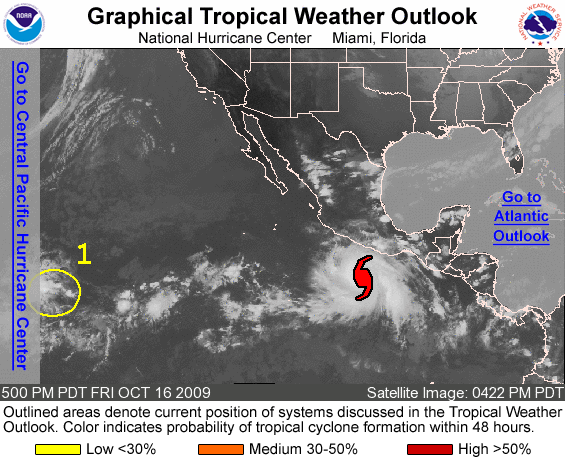
FOR THE EASTERN NORTH PACIFIC...EAST OF 140 DEGREES WEST LONGITUDE..

THE NATIONAL HURRICANE CENTER IS ISSUING ADVISORIES ON HURRICANE RICK...LOCATED ABOUT 270 MILES SOUTH OF ACAPULCO MEXICO.

1. SHOWERS AND THUNDERSTORMS ASSOCIATED WITH A BROAD AREA OF LOW PRESSURE CENTERED ABOUT 1225 MILES EAST-SOUTHEAST OF THE HAWAIIAN ISLANDS REMAIN POORLY-ORGANIZED. SOME SLOW DEVELOPMENT OF THIS SYSTEM IS POSSIBLE OVER THE NEXT COUPLE OF DAYS AS IT MOVES WESTWARD AT ABOUT 15 MPH. THERE IS A LOW CHANCE...LESS THAN 30 PERCENT...OF THIS SYSTEM BECOMING A TROPICAL CYCLONE DURING THE NEXT 48 HOURS.

ELSEWHERE...TROPICAL CYCLONE FORMATION IS NOT EXPECTED DURING THE NEXT 48 HOURS.

FORECASTER BERG